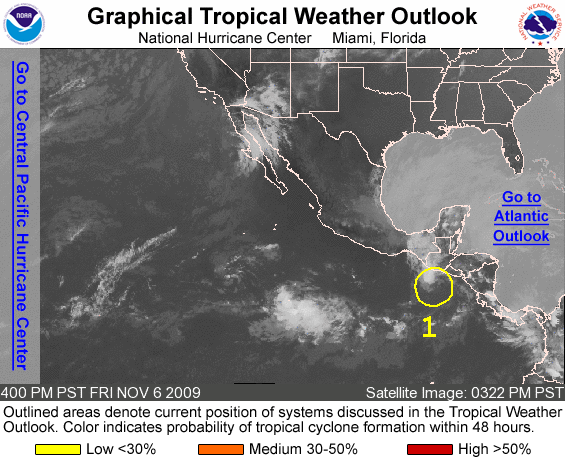
FOR THE EASTERN NORTH PACIFIC...EAST OF 140 DEGREES WEST LONGITUDE..

1. SHOWER AND THUNDERSTORM ACTIVITY REMAINS LIMITED IN ASSOCIATION WITH AN AREA OF LOW PRESSURE LOCATED ABOUT 150 MILES SOUTH-SOUTHWEST OF PUERTO SAN JOSE GUATEMALA. UPPER-LEVEL WINDS ARE NOT CONDUCIVE FOR SIGNIFICANT DEVELOPMENT OF THIS SYSTEM AS IT MOVES SLOWLY NORTHEASTWARD. THERE IS A LOW CHANCE...LESS THAN 30 PERCENT...OF THIS SYSTEM BECOMING A TROPICAL CYCLONE DURING THE NEXT 48 HOURS.

ELSEWHERE...TROPICAL CYCLONE FORMATION IS NOT EXPECTED DURING THE NEXT 48 HOURS.

FORECASTER BROWN